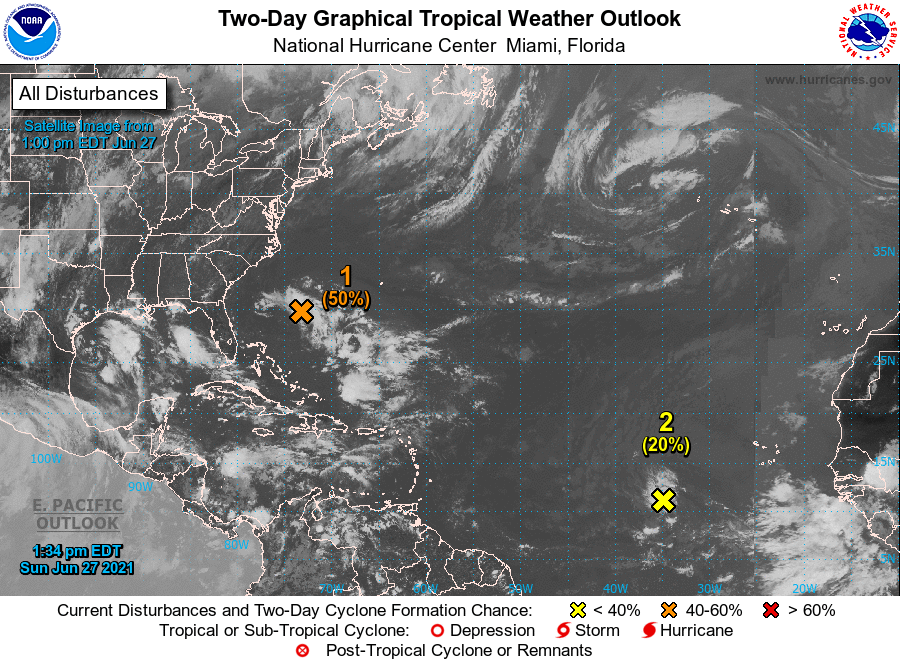
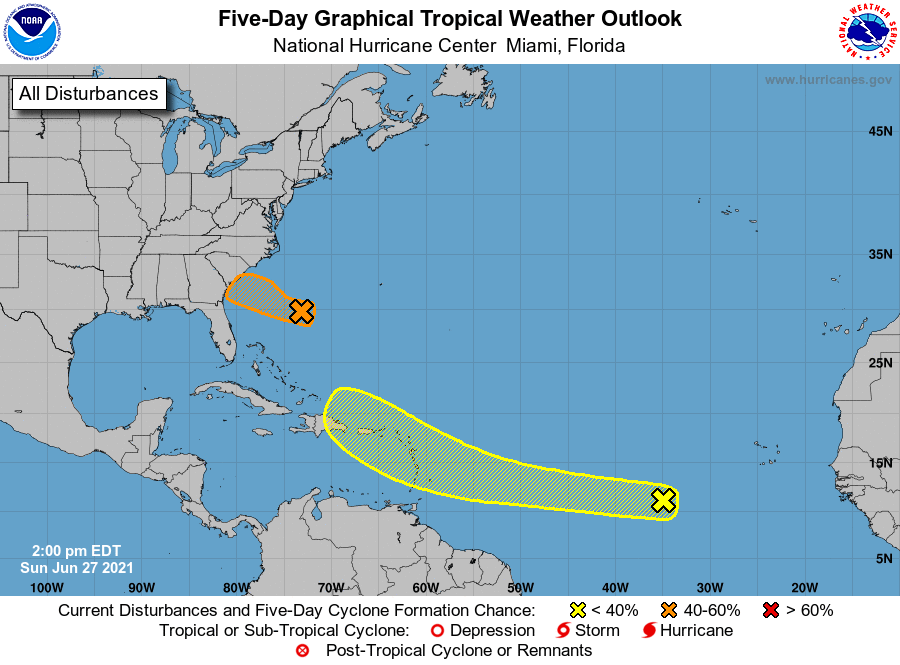
For the North Atlantic...Caribbean Sea and the Gulf of Mexico:

1. Satellite imagery and nearby buoy and ship observations indicate that a small low pressure system has formed about 500 miles east-southeast of the Georgia-South Carolina border. Surface pressures have begun to fall across the area, and showers and thunderstorms have recently become better organized. Some additional development of this system will be possible later today, and especially on Monday when the system will move across the warmer waters of the Gulf Stream, and a tropical depression could form before the system makes landfall along the southern U.S. coast. The low is expected to move westward today, and then west-northwestward at about 15 mph on Monday, reaching the coast of the southeastern United States by late Monday. An Air Force Reserve Unit reconnaissance aircraft is scheduled to investigate the system Monday afternoon, if necessary.
* Formation chance through 48 hours...medium...50 percent.
* Formation chance through 5 days...medium...50 percent.

2. An area of low pressure associated with a tropical wave located over the eastern tropical Atlantic Ocean more than 700 miles southwest of the Cabo Verde Islands is producing disorganized showers and thunderstorms. Little, if any, development of this system is expected for the next couple of days, followed by some gradual development by Wednesday and continuing through the end of the week while it moves it moves westward to west-northwestward at about 20 mph.
* Formation chance through 48 hours...low...20 percent.
* Formation chance through 5 days...low...30 percent.

Forecaster Stewart/Latto